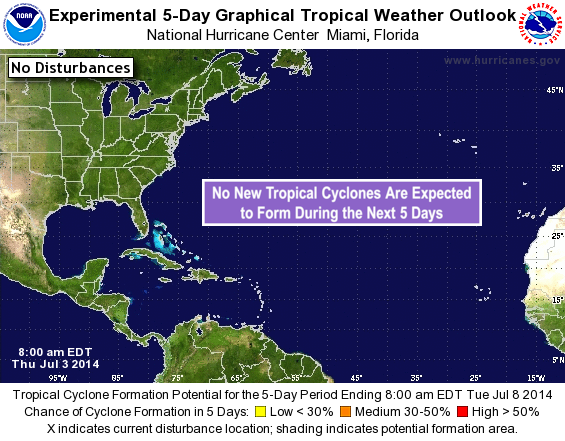
For the North Atlantic...Caribbean Sea and the Gulf of Mexico:

The National Hurricane Center is issuing advisories on Hurricane Arthur, located about a hundred miles off the coast of South Carolina.

Tropical cyclone formation is not expected during the next 5 days.

Forecaster Berg